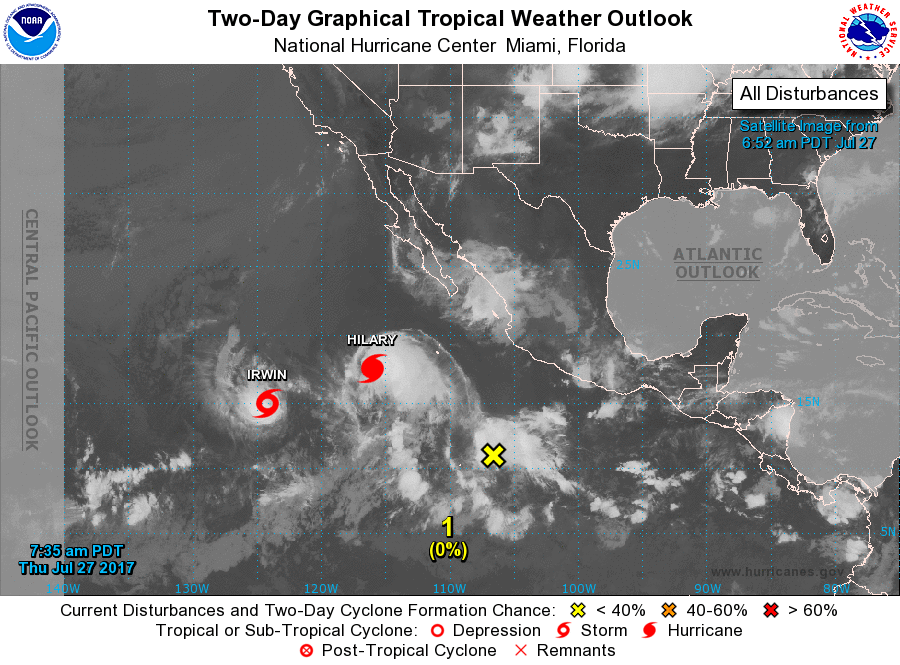
For the eastern North Pacific...east of 140 degrees west longitude:

The National Hurricane Center is issuing advisories on Hurricane Hilary, located several hundred miles southwest of the southern tip of the Baja California peninsula, and on Tropical Storm Irwin, located about 1000 miles west-southwest of the southern tip of the Baja California peninsula.

1. A tropical wave, located several hundred miles south of Manzanillo, Mexico, is producing limited shower and thunderstorm activity. Significant development is not anticipated during the next few days due to strong upper-level winds produced by Hurricane Hilary. Although upper-level winds could become more conducive this weekend as Hilary weakens and moves farther away, overall environmental conditions are expected to remain only marginally conducive for development. The system is expected to move west-northwestward at 5 to 10 mph during the next several days.
* Formation chance through 48 hours...low...near 0 percent.
* Formation chance through 5 days...low...20 percent.

Forecaster Zelinsky